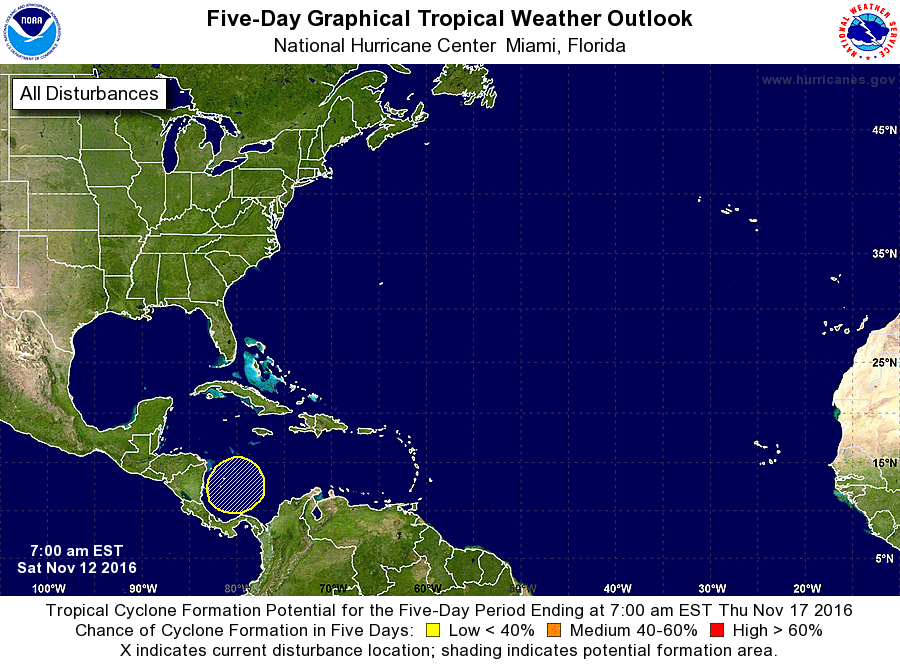
For the North Atlantic...Caribbean Sea and the Gulf of Mexico:

1. A broad area of low pressure is expected to form over the southwestern Caribbean Sea by early next week. Environmental conditions appear to be conducive for some gradual development of this system while it drifts northward or northeastward.
* Formation chance through 48 hours...low...near 0 percent
* Formation chance through 5 days...low...20 percent

Forecaster Stewart